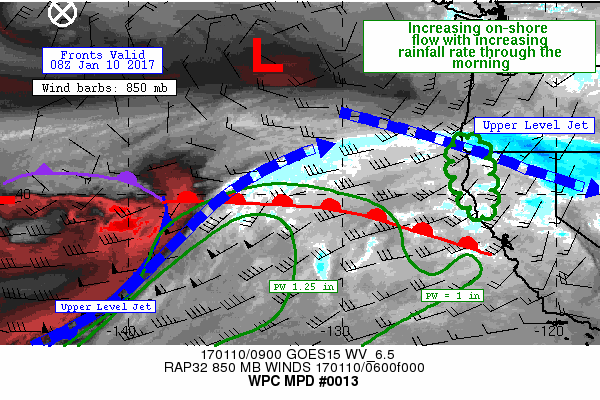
AREAS AFFECTED...NORTHWEST CA...EXTREME SOUTHWEST CORNER OF ORE

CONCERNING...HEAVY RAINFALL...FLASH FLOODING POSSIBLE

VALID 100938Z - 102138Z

SUMMARY...ANOTHER PLUME OF MOISTURE OVER THE EASTERN NORTH PACIFIC
WILL BE APPROACHING NORTHERN CA AND FAR SOUTHWEST CORNER OF OREGON
THROUGHOUT THE MORNING.  THERE WILL BE INCREASING MOISTURE
TRANSPORT INTO THE REGION LEADING TO INCREASING COVERAGE AND
INTENSITY OF RAINFALL ACROSS THE REGION.

DISCUSSION...INCREASING LOW LEVEL WINDS AHEAD OF AN AREA OF LOW
PRESSURE AT THE SURFACE WILL CONTINUE TO DRAW A SURGE OF PACIFIC
MOISTURE WITH A SUBTROPICAL CONNECTION TOWARDS THE COAST OF
NORTHWEST CALIFORNIA THIS MORNING AND EARLY AFTERNOON.
PRECIPITABLE WATER STANDARDIZED ANOMALIES APPROACHING +2 WILL BE
DRAWN TOWARD THE COAST AND THEN INLAND BY 850 MB WINDS WHICH
ACCELERATE TO BETWEEN 35 AND 50 KTS.  WHILE THE ORIENTATION OF THE
LOW LEVEL FLOW WILL NOT BE EXACTLY NORMAL TO THE
TERRAIN...OROGRAPHICALLY ENHANCED LIFT AND PRECIPITATION IS STILL
EXPECTED TO AID RAINFALL RATES/AMOUNTS ACROSS NORTHERN CA.  DEEP
LAYERED ASCENT WILL BE SUPPORTED BY AN UPPER LEVEL COUPLED JET
STRUCTURE WHICH SHOULD BE MOVING IN AFTER 15Z TODAY.

GIVEN THE WET ANTECEDENT CONDITIONS AND MODEST INSTABILITY...THERE
WILL BE THE POTENTIAL FOR SOME FLASH FLOODING ESPECIALLY IN AREAS
OF BURN SCARS OR OTHER SUSCEPTIBLE AREA. UNLIKE THE EVENT A COUPLE
OF DAYS AGO...SNOW LEVELS HAVE COME DOWN WHICH SHOULD LIMIT THE
AREAL COVERAGE OF ANY EXCESSIVE RAINFALL.

THE LATEST HI-RES GUIDANCE IS INDICATING 1 TO LOCALLY 3 INCHES OF
RAINFALL BY 18Z TUESDAY WITH SOME ADDITIONAL RAINFALL AFTER THIS
TIME.  THE HIGHEST AMOUNTS ARE EXPECTED FOR PARTS OF THE SISKIYOU
AND SHASTA RANGES DOWN TOWARDS MT SHASTA.  IN ADDITION...RAINFALL
RATES WILL BE INCREASING LATER THIS MORNING AND EARLY AFTERNOON
ACROSS PARTS OF THE NORTHERN SIERRA NEVADA RANGE.